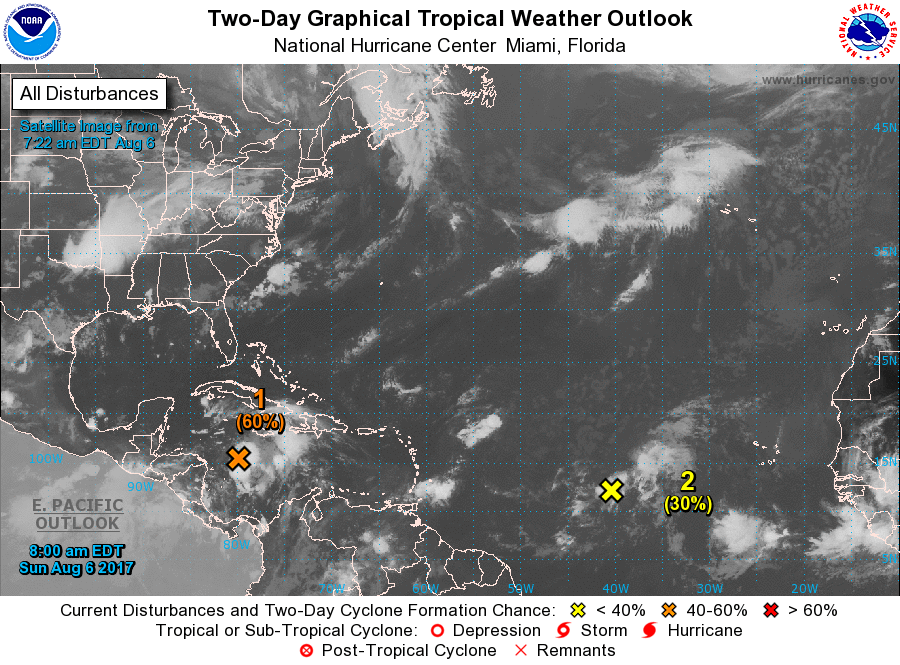
For the North Atlantic...Caribbean Sea and the Gulf of Mexico:

1. Showers and thunderstorms are showing some signs of organization in association with a strong tropical wave located over the west-central Caribbean Sea. This system is moving west-northwestward at 10 to 15 mph, and a tropical depression or tropical storm could form over the northwestern Caribbean Sea before it reaches the Yucatan Peninsula of Mexico late Monday or early Tuesday. Even if formation does not occur before the system reaches the Yucatan peninsula, a tropical depression or tropical storm could form over the Bay of Campeche by midweek. The Air Force Reserve reconnaissance aircraft scheduled for today has been canceled, but a new mission has been scheduled for Monday, if necessary. Interests along the coasts of Honduras, Belize, and the Yucatan Peninsula should monitor the progress of this disturbance.
* Formation chance through 48 hours...medium...60 percent.
* Formation chance through 5 days...high...80 percent.

2. An area of low pressure located about midway between the Cabo Verde Islands and the Lesser Antilles remains elongated, and the associated showers and thunderstorms are not well organized. Some slow development of this system is possible during the next several days while it moves generally west-northwestward across the tropical Atlantic at about 15 mph.
* Formation chance through 48 hours...low...30 percent.
* Formation chance through 5 days...medium...50 percent.

Forecaster Cangialosi